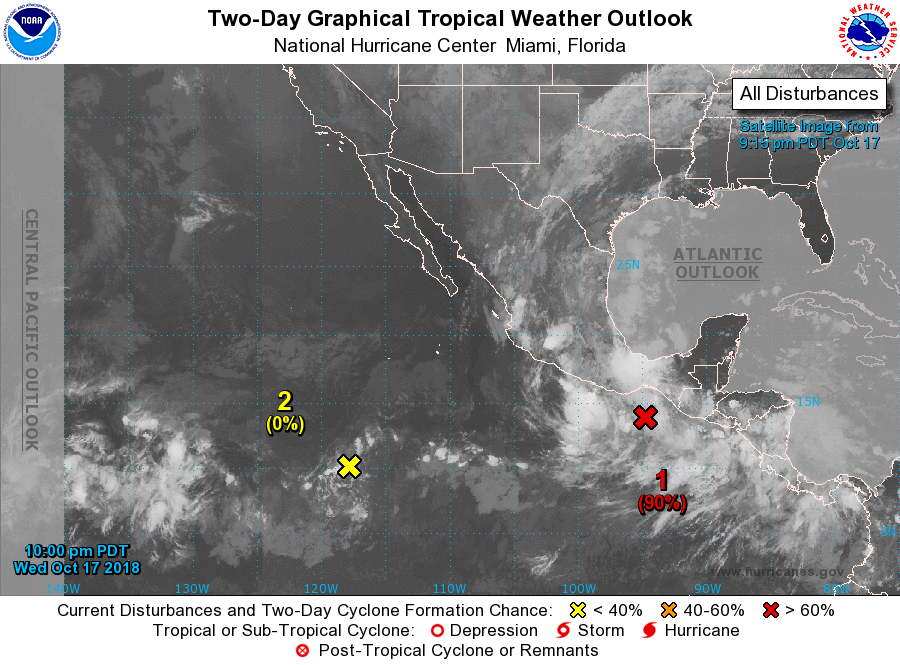
For the eastern North Pacific...east of 140 degrees west longitude:

1. An area of low pressure located south of the Gulf of Tehuantepec has changed little in organization over the past several hours. However, environmental conditions appear conducive for development, and a tropical depression or tropical storm is likely to form during the next day or two. The system is forecast to move generally toward the west-northwest at 10 to 15 mph for the next several days, near or just offshore the coast of southern Mexico.
* Formation chance through 48 hours...high...90 percent.
* Formation chance through 5 days...high...90 percent.

2. An elongated area of low pressure located about 900 miles south-southwest of the southern tip of the Baja California peninsula has become less defined since yesterday and is producing only limited shower activity. Development of this system, if any, should be slow to occur during the next few days while the system remains nearly stationary or drifts slowly northeastward.
* Formation chance through 48 hours...low...near 0 percent.
* Formation chance through 5 days...low...10 percent.

Forecaster Zelinsky